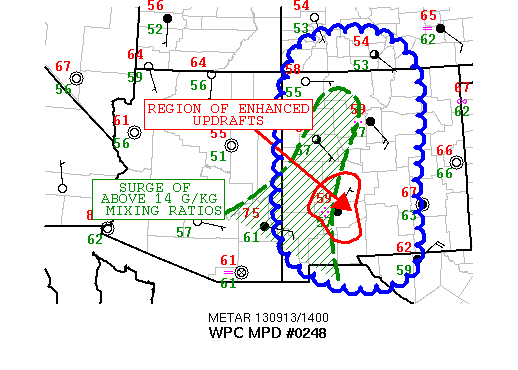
AREAS AFFECTED...WESTERN AND CENTRAL NM/SOUTHWESTERN CO...

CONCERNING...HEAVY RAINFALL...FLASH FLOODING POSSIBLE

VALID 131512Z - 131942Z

SUMMARY...THE AERIAL COVERAGE OF COLDER CLOUD TOPS HAVE EXPANDED
WITH AREAS OF TRAINING INFERRED BY RECENT RADAR SCANS. THE FLASH
FLOODING THREAT WILL REMAIN POSSIBLE GIVEN THE ANTECEDENT
CONDITIONS IN PLACE.

DISCUSSION...DURING THE PAST SEVERAL IMAGES ON SATELLITE...THE
COLDER CLOUD TOPS CONTINUE TO EXPAND...PARTICULARLY ACROSS
NORTHERN/CENTRAL NM. UNFORTUNATELY...THIS REGION IS IN A RADAR
HOLE AS THE ABQ RADAR HAS BEEN DOWN SINCE 0750Z. FARTHER TO THE
SOUTH...THE VISIBLE IMAGERY SHOWED NUMEROUS AREAS OF ENHANCED
CU/CB ALTHOUGH VERY FEW CG LIGHTNING STRIKES HAVE BEEN EVIDENT
THUS FAR. MUCH OF THE RECENT CONVECTION HAS BEEN DRIVEN BY A SHARP
MOISTURE GRADIENT SEEN IN THE WATER VAPOR IMAGERY AS A SHORTWAVE
SLOWLY WORKS ITS WAY NORTHWARD ACROSS SOUTHWESTERN NM. FAVORABLE
MOISTURE CONTENT REMAINS IN PLACE AS PWATS EXTEND TO THE 99TH
PERCENTILE FOR THE MIDDLE OF SEPTEMBER. LITTLE CHANGE IS EXPECTED
GIVEN THE SYNOPTIC SETUP OF AN UPPER LOW ACROSS THE CENTRAL GREAT
BASIN AND A BROAD ANTICYCLONE OVER THE SOUTHERN PLAINS. IT IS
DIFFICULT TO SEE THIS REGION ATTAINING MUCH INSTABILITY AS
EXTENSIVE CLOUD COVER LINGERS. HOWEVER...ANY BREAKS IN THE CLOUDS
SHOULD LEAD TO A BRIEF PERIOD OF DESTABILIZATION.

THE FFG VALUES OVER THE SCALLOPED REGION REMAIN ON THE LOWER END
GIVEN RECENT HEAVY RAINFALL EVENTS. A MAJORITY OF THE MODELS
SUGGEST THE CURRENT ACTIVITY SHOULD CONTINUE AND POSSIBLY EXPAND
IN COVERAGE THROUGHOUT THE DAY. GIVEN THIS...FLASH FLOODING WILL
REMAIN POSSIBLE WITH A COUPLE OF WARNINGS ALREADY IN EFFECT OVER
SOUTHWESTERN NM.